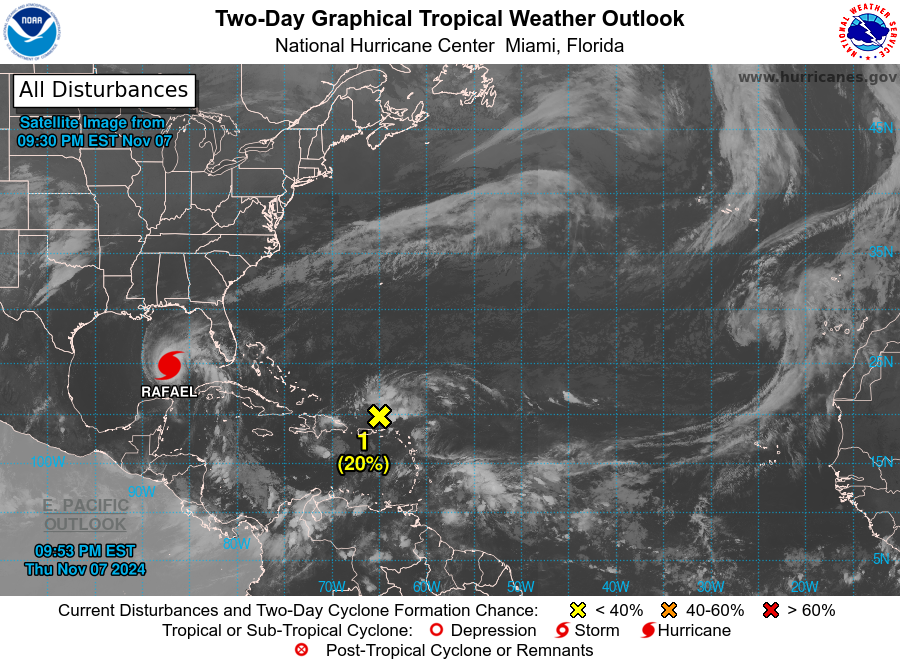
For the North Atlantic...Caribbean Sea and the Gulf of Mexico:

Active Systems: The National Hurricane Center is issuing advisories on Hurricane Rafael, located over the southeastern Gulf of Mexico.

1. Near the Virgin Islands: A trough of low pressure located near and north of the Virgin Islands continues to produce disorganized showers and thunderstorms. Some gradual development of this system is possible during the next couple of days while it moves westward near the Greater Antilles. Regardless of development, locally heavy rains are possible across the northern Leeward Islands, the Virgin Islands, Puerto Rico, Hispaniola, and the southeastern Bahamas through Saturday.
* Formation chance through 48 hours...low...20 percent.
* Formation chance through 7 days...low...20 percent.

Forecaster Beven